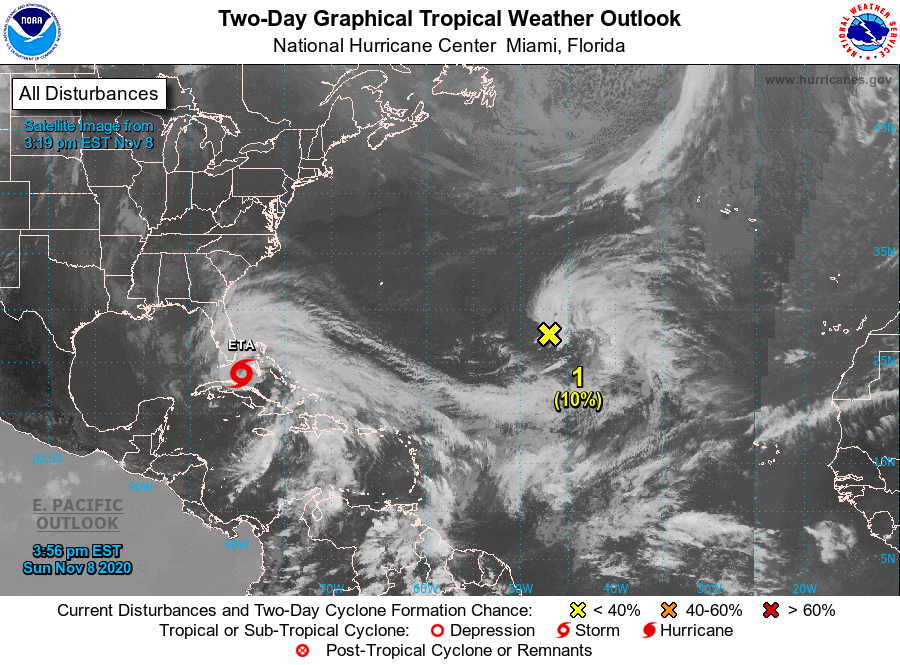
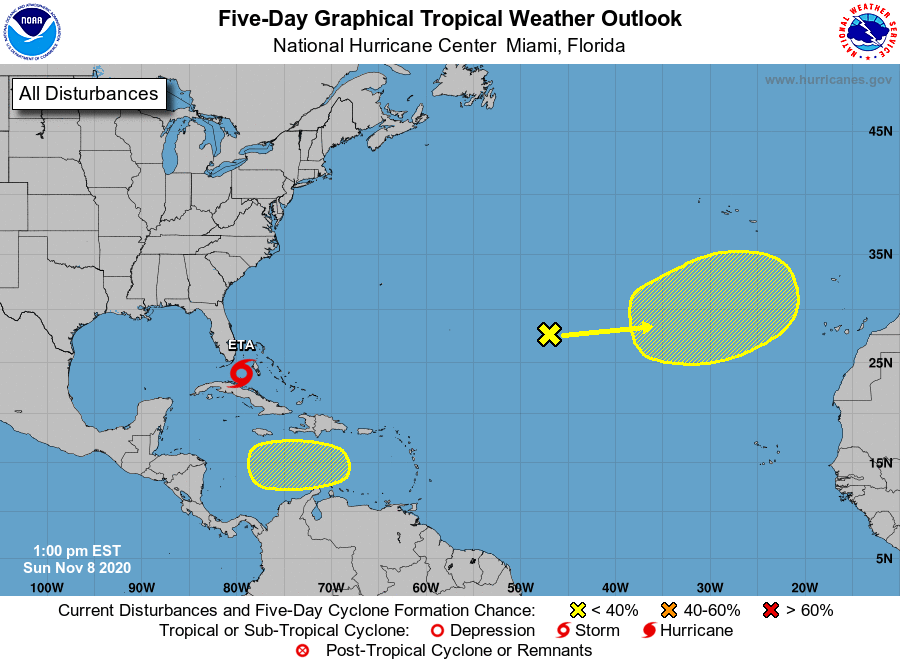
For the North Atlantic...Caribbean Sea and the Gulf of Mexico:

The National Hurricane Center is issuing advisories on Tropical Storm Eta, located just north of central Cuba.

1. Recent satellite-derived wind data confirm that a low pressure system has developed several hundred miles southwest of the Azores. Shower and thunderstorm activity associated with this system is currently disorganized. However, the low could slowly develop tropical or subtropical characteristics during the next several days while it moves eastward or east-northeastward over the northeastern Atlantic Ocean.
* Formation chance through 48 hours...low...10 percent.
* Formation chance through 5 days...low...30 percent.

2. A tropical wave is forecast to move over the central Caribbean Sea, where an area of low pressure could form in a few days. Environmental conditions may be conducive for at least gradual development thereafter while the system moves slowly westward through the end of the week.
* Formation chance through 48 hours...low...near 0 percent.
* Formation chance through 5 days...low...20 percent.

Forecaster Zelinsky